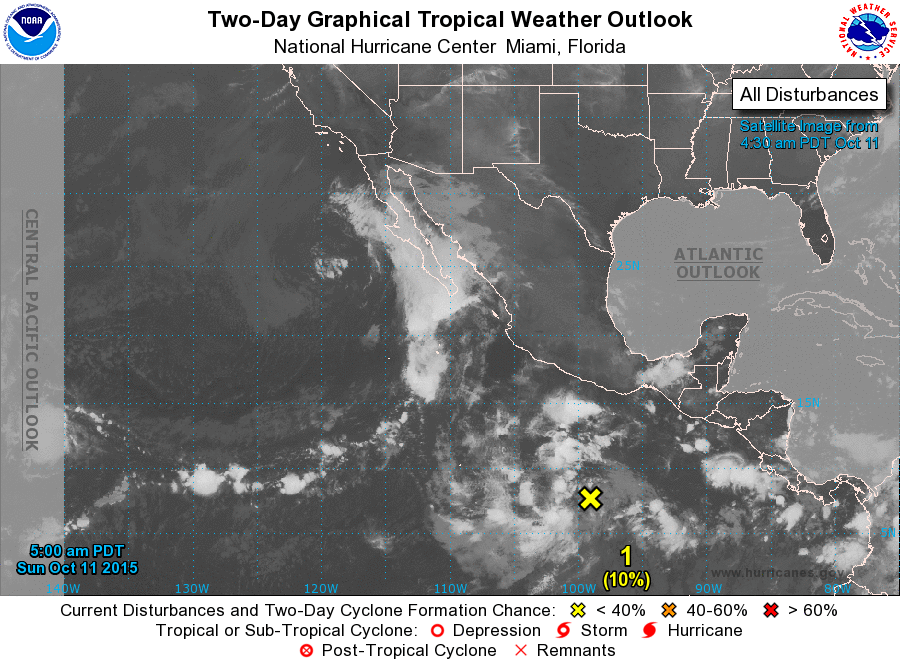
For the eastern North Pacific...east of 140 degrees west longitude:

1. Disorganized shower and thunderstorm activity continues in association with a broad area of low pressure located about 600 miles south of Acapulco, Mexico. Environmental conditions are expected to be conducive for slow development, and a tropical depression is likely to form by late this week while this system moves westward at 10 to 15 mph.
* Formation chance through 48 hours...low...10 percent
* Formation chance through 5 days...high...70 percent

Forecaster Kimberlain